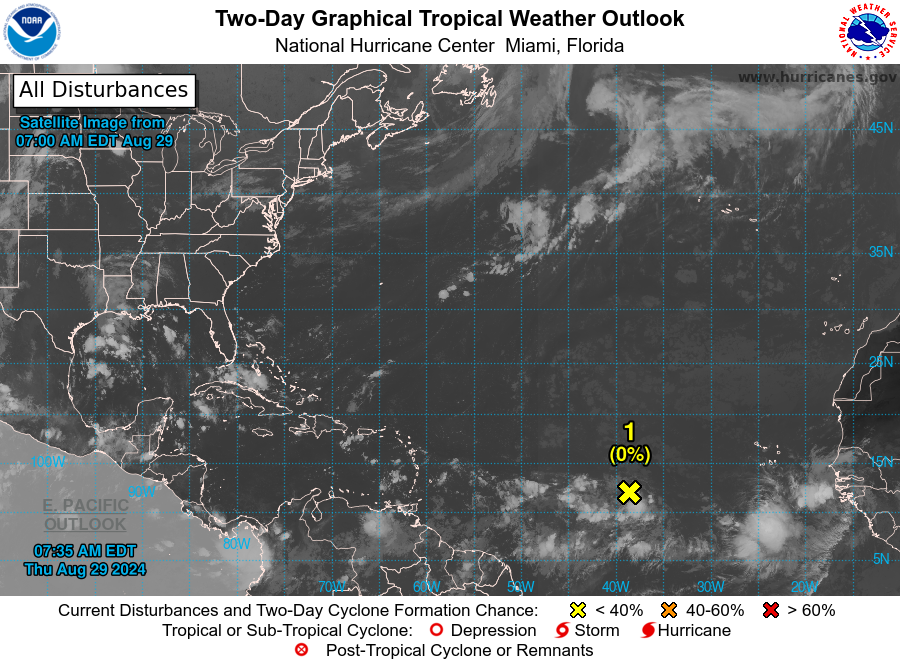
For the North Atlantic...Caribbean Sea and the Gulf of Mexico:

1. Central Tropical Atlantic: A tropical wave over the central Tropical Atlantic Ocean is producing some disorganized showers and thunderstorms. Environmental conditions appear conducive for gradual development of this system, and a tropical depression could form by early next week while it moves westward at 10 to 15 mph and approaches the Lesser Antilles. The system is then forecast to move westward to west-northwestward across portions of the eastern Caribbean Sea during the middle part of next week.
* Formation chance through 48 hours...low...near 0 percent.
* Formation chance through 7 days...medium...40 percent.

Forecaster Reinhart